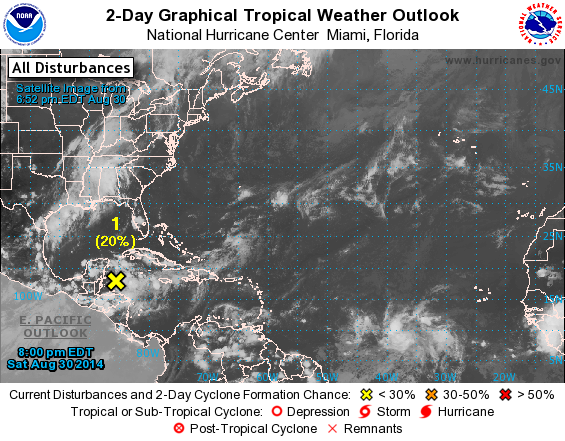
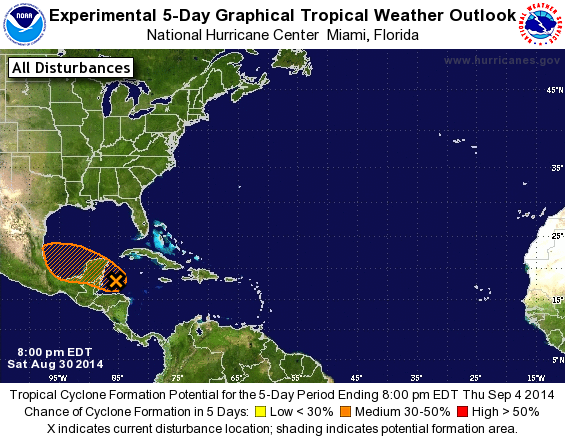
For the North Atlantic...Caribbean Sea and the Gulf of Mexico:

1. Disorganized shower and thunderstorm activity continues in association with a tropical wave over the northwestern Caribbean Sea. Land interaction will likely limit significant development while the disturbance moves across the Yucatan peninsula Sunday and Sunday night. However, environmental conditions are expected to be conducive for some gradual development once the system moves into the southwestern Gulf of Mexico by Monday.
* Formation chance through 48 hours...low...20 percent.
* Formation chance through 5 days...medium...40 percent.

Forecaster Brennan